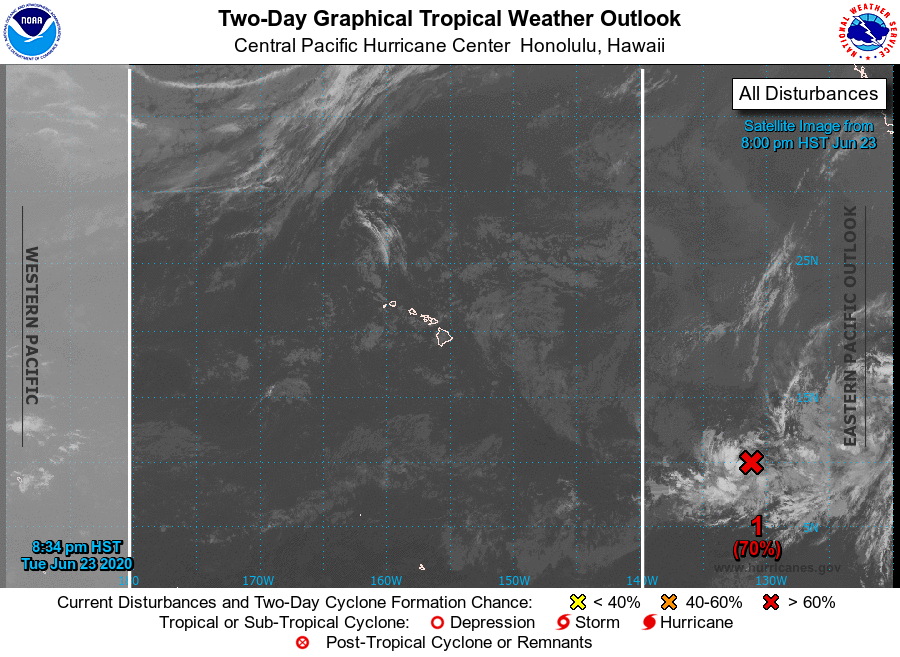
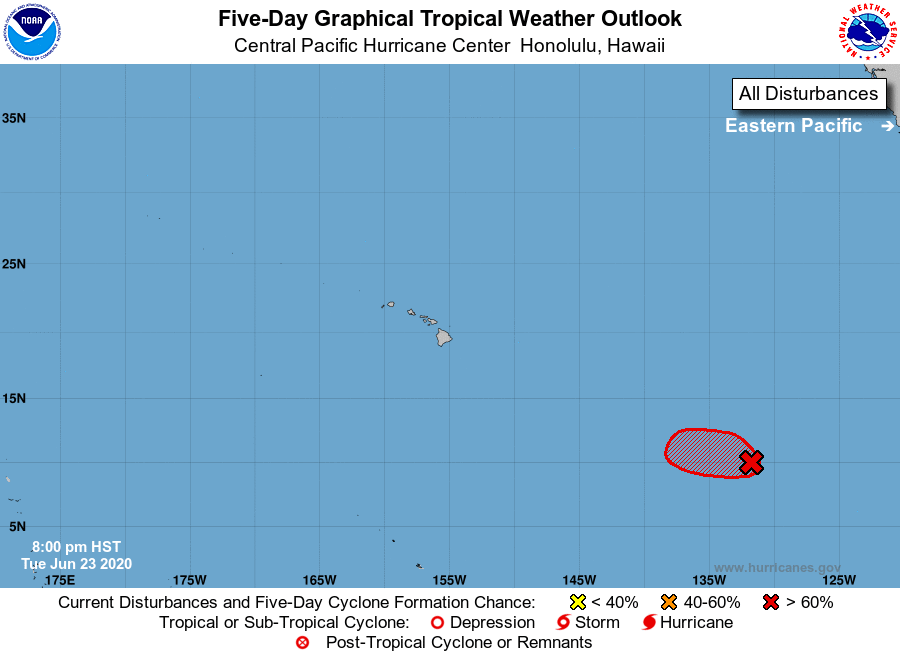
For the central North Pacific...between 140W and 180W:

1. Showers and thunderstorms have increased during the past several hours in association with a small area of low pressure located about 1700 miles east-southeast of Hilo, Hawaii. Environmental conditions are expected to support further thunderstorm activity, and the low is likely to become a tropical depression during the next couple of days while it moves slowly toward the west or west-northwest.
* Formation chance through 48 hours...high...70 percent.
* Formation chance through 5 days...high...70 percent.

Forecaster Lau